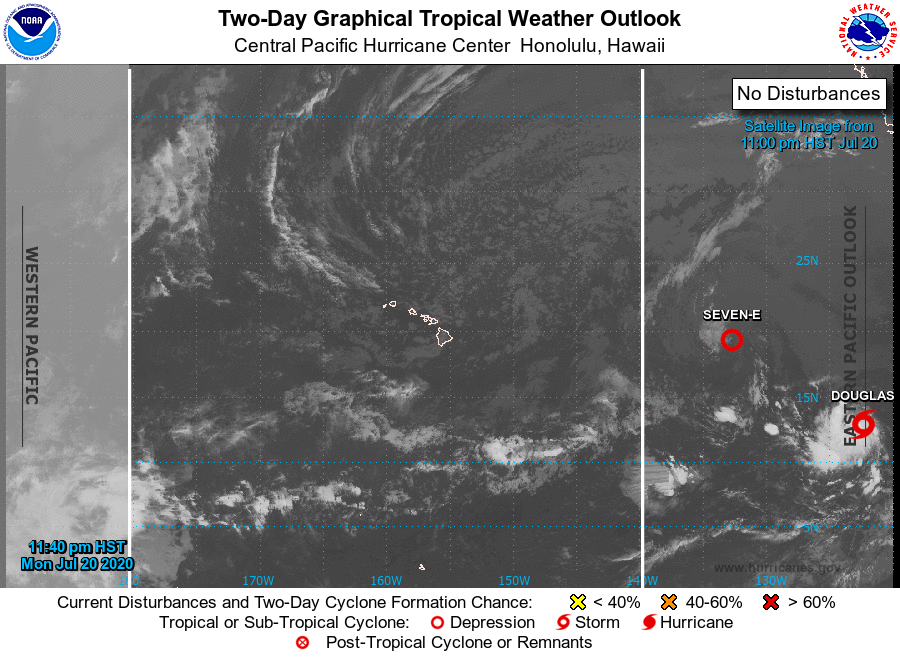
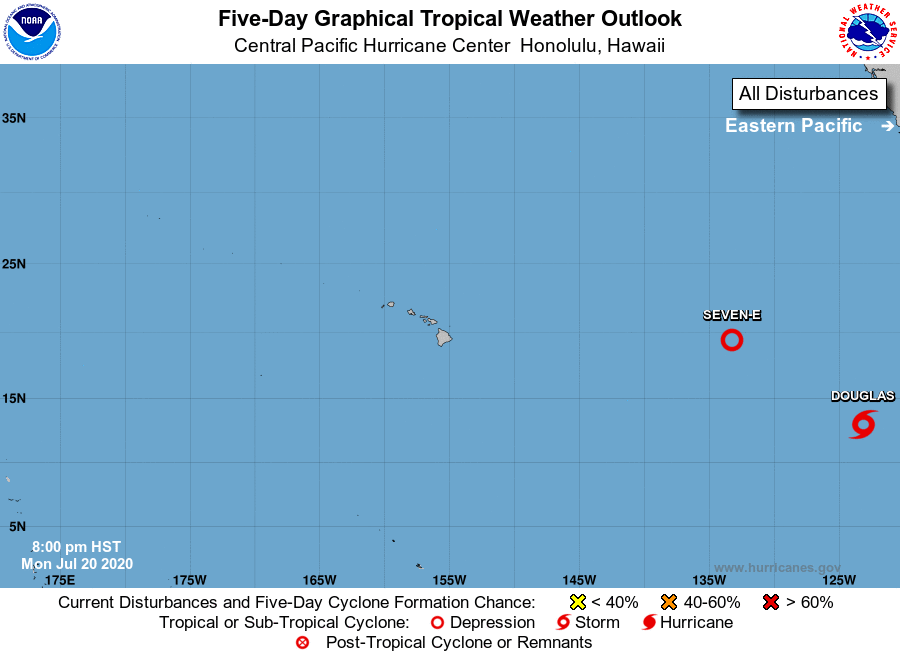
For the central North Pacific...between 140W and 180W:

The National Hurricane Center is issuing advisories on Tropical Depression Seven-E, located about 1500 miles east of Hilo, Hawaii. Seven-E is expected to move into the Central Pacific Hurricane Center area of responsibility Wednesday as a Post-Tropical remnant low.

The National Hurricane Center is issuing advisories on Tropical Storm Douglas, located about 2000 miles east-southeast of Hilo, Hawaii. Douglas is expected to move into the Central Pacific Hurricane Center area of responsibility Friday morning.

Elsewhere, no tropical cyclone formation is expected during the next 5 days.

Public Advisories on Tropical Depression Seven-E are issued under WMO header WTPZ32 KNHC and under AWIPS header MIATCPEP2. Forecast/Advisories on Tropical Depression Seven-E are issued under WMO header WTPZ22 KNHC and under AWIPS header MIATCMEP2.

Public Advisories on Tropical Storm Douglas are issued under WMO header WTPZ33 KNHC and under AWIPS header MIATCPEP3. Forecast/Advisories on Tropical Storm Douglas are issued under WMO header WTPZ23 KNHC and under AWIPS header MIATCMEP3.

Forecaster Gibbs